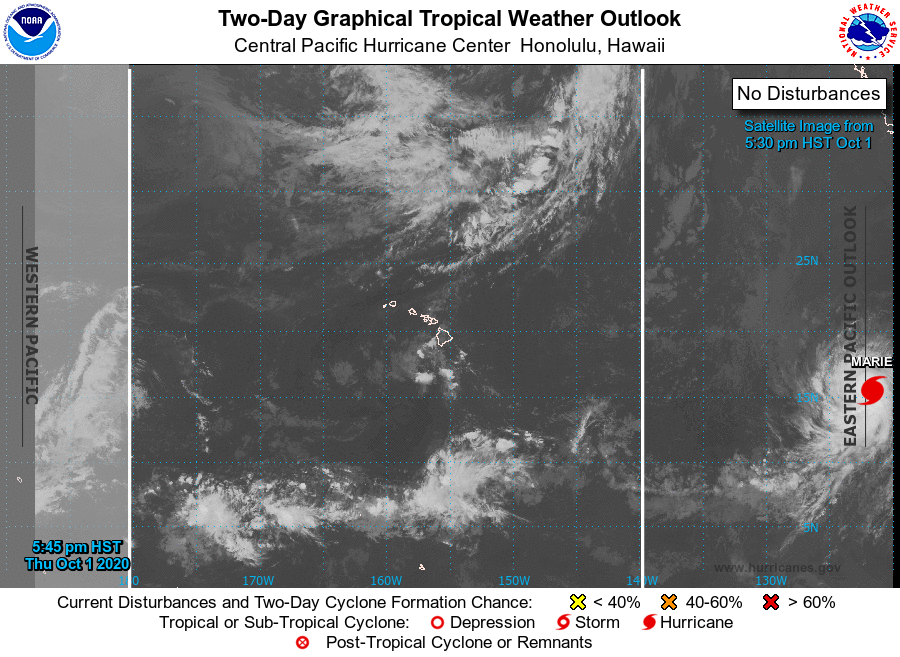
For the central North Pacific...between 140W and 180W:

No tropical cyclones are expected during the next 5 days.

Forecaster Blood